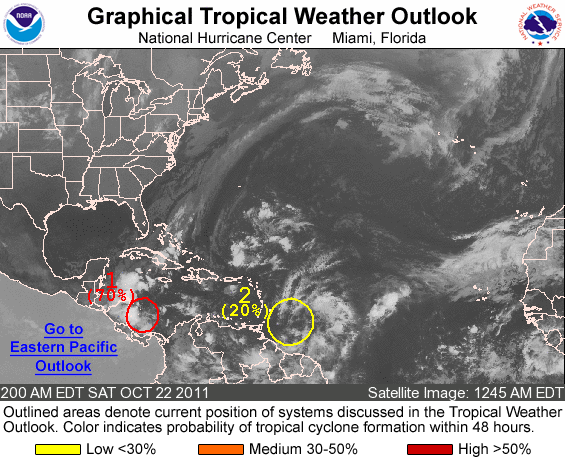
FOR THE NORTH ATLANTIC...CARIBBEAN SEA AND THE GULF OF MEXICO...

1. AN AREA OF LOW PRESSURE...LOCATED OVER THE SOUTHWESTERN CARIBBEAN SEA NEAR SAN ANDRES ISLAND...CONTINUES TO PRODUCE WIDESPREAD CLOUDINESS AND THUNDERSTORMS. ALTHOUGH THERE HAS BEEN LITTLE CHANGE IN THE ORGANIZATION OF THIS DISTURBANCE DURING THE PAST SEVERAL HOURS...UPPER-LEVEL WINDS ARE FORECAST TO BE FAVORABLE FOR THE DEVELOPMENT OF A TROPICAL DEPRESSION DURING THE NEXT DAY OR TWO. THIS SYSTEM HAS A HIGH CHANCE...70 PERCENT...OF BECOMING A TROPICAL CYCLONE DURING THE NEXT 48 HOURS AS IT DRIFTS SLOWLY NORTHWARD.

2. SHOWERS AND THUNDERSTORMS REMAIN LIMITED IN ASSOCIATION WITH A BROAD AREA OF LOW PRESSURE LOCATED SEVERAL HUNDRED MILES EAST OF THE WINDWARD ISLANDS. UPPER-LEVEL WINDS ARE EXPECTED TO BECOME MORE FAVORABLE DURING THE NEXT DAY OR TWO...AND SOME SLOW DEVELOPMENT OF THIS DISTURBANCE IS POSSIBLE. THIS SYSTEM HAS A LOW CHANCE... 20 PERCENT...OF BECOMING A TROPICAL CYCLONE DURING THE NEXT 48 HOURS AS IT MOVES SLOWLY WEST-NORTHWESTWARD. REGARDLESS OF DEVELOPMENT... CLOUDINESS AND HEAVY RAINS COULD SPREAD OVER PORTIONS OF THE WINDWARD ISLANDS AND NORTHERN VENEZUELA DURING THE NEXT FEW DAYS.

ELSEWHERE...TROPICAL CYCLONE FORMATION IS NOT EXPECTED DURING THE NEXT 48 HOURS.

FORECASTER KIMBERLAIN